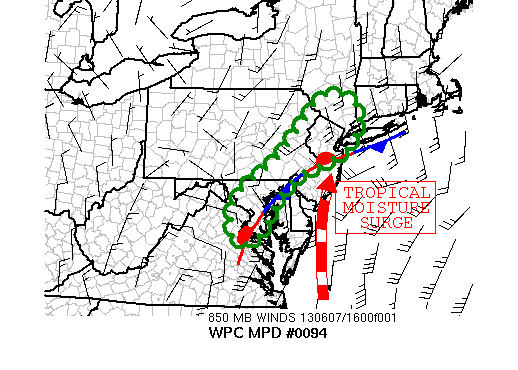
AREAS AFFECTED...NORTHERN VA/DISTRICT OF COLUMBIA/CENTRAL
MD/EASTERN PA/NORTHERN NJ/EASTERN NY...

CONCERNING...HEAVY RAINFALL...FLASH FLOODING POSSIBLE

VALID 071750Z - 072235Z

SUMMARY...A LONG DURATION HEAVY RAINFALL EVENT IS EXPECTED TO
CONTINUE FROM THE DELMARVA UP INTO SOUTHEASTERN NY. RAINFALL RATES
ARE EXPECTED TO INCREASE LATER THIS AFTERNOON/EVENING AS DEEPER
CONVECTION ACROSS NORTHERN NC/SOUTHERN VA LIFTS NORTHWARD.

DISCUSSION...A VERY MOIST AIR MASS IS PRESENT AS INDICATED BY THE
ABOVE 2 INCH PWATS ON THE 12Z SOUNDINGS AT APG/WAL. THIS EASILY
NEARS THE 99TH PERCENTILE FOR THE PWAT CLIMATOLOGY DURING THE
MONTH OF JUNE. TROPICAL MOISTURE CONTINUING TO LIFT NORTHWARD ON
THE EASTERN FLANK OF TROPICAL STORM ANDREA'S BROAD CIRCULATION
WILL KEEP SUCH AN AIR MASS IN PLACE ALONG MUCH OF THE I-95
CORRIDOR FROM THE WASHINGTON D.C. METRO AREA UP INTO COASTAL NEW
ENGLAND. ADDITIONALLY...A BAROCLINIC ZONE HAS SET UP FROM CENTRAL
NJ DOWN ALONG THE CHESAPEAKE RIVER WHICH SHOULD CONTINUE TO
PROVIDE ADEQUATE LOW-LEVEL LIFT FOR ADDITIONAL HEAVY PRECIPITATION.

THE CURRENT RADAR TRENDS SUGGEST ABOVE 1 INCH PER HOUR RAIN RATES
IN THE BANDS OF CONVECTION HAVE DEVELOPED ALONG THE NC/VA BORDER.
A MAJORITY OF THE HIGH-RESOLUTION MODELS INDICATE 2 TO 3 INCHES OF
ADDITIONAL RAINFALL MAY BE POSSIBLE BETWEEN 18-00Z OVER THE
AFFECTED REGION. THIS WILL FALL ON TOP OF THE NOCTURNAL HEAVY
RAINS FROM THE PREDECESSOR RAINFALL EVENT ALONG WITH OVERRUNNING
PRECIPITATION DURING MUCH OF THE MORNING. WHILE FLASH FLOODING IS
NOT IMMINENT...LOCALIZED AREAS OF DIMINISHED FFG MAY EXPERIENCE
SUCH CONDITIONS THIS AFTERNOON/EVENING.